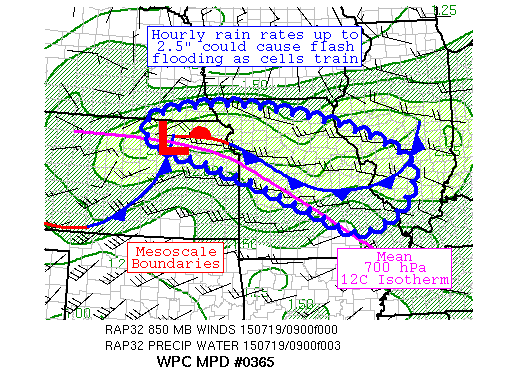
AREAS AFFECTED...NORTHEAST KS AND PORTIONS OF MO

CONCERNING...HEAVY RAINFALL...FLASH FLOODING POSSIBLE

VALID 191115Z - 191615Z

SUMMARY...A THUNDERSTORM BAND IS TRYING TO CONSOLIDATE ACROSS THE
AREA NEAR THE EDGE OF THE CAP.  FLASH FLOODING IS POSSIBLE AS
CELLS TRAIN.

DISCUSSION...TWO AREAS OF THUNDERSTORMS ARE BRIDGING TOGETHER
ACROSS NORTHEAST KS AND MO AS AN OUTFLOW BOUNDARY FROM THE MO/IL
CONVECTION MOVES SOUTHWARD AND BEGINS TO INTERCEPT THE 25-40 KT OF
850 HPA INFLOW SEEN ON REGIONAL VAD WIND PROFILES.  A SUBTLE
SHORTWAVE APPEARS TO SHOW UP AS AN AREA OF DARKENING ON WATER
VAPOR IMAGERY NORTHWEST OF THE KS STORM CLUSTER.  A PRECIPITABLE
WATER VALUE OF 2.13" WAS DERIVED BY GPS AT TOPEKA KS WHICH IS
1.5-2 SIGMAS ABOVE THE MEAN FOR MID-JULY.  FLOW ACROSS THE REGION
IS FAIRLY UNIDIRECTIONAL OVER THE TOP OF A SOUTHERN STREAM RIDGE,
WHICH IS ALSO ACTING TO CAP THE ATMOSPHERE NOT TOO FAR SOUTH OF
THE ONGOING THUNDERSTORM ACTIVITY.  THIS PATTERN IMPLIES CELL
TRAINING IS THE MAIN FLASH FLOOD THREAT.

THE EXPECTATION IS FOR THE CONVECTION TO FULLY BRIDGE ACROSS
NORTHWEST MO OVER THE NEXT HOUR OR TWO AND MIGRATE CLOSER TO THE
CAP EDGE AS THE MO PORTION OF THE OUTFLOW BOUNDARY DROPS SLOWLY
SOUTHWARD.  ORGANIZED CONVECTION IS EXPECTED TO MOVE
EAST-SOUTHEAST AT 20-25 KTS PER THE FORWARD PROPAGATING CONVECTIVE
VECTORS AND THE 1000-500 HPA THICKNESS PATTERN IN WHICH THE
CONVECTIVE SYSTEM IS EMBEDDED.  RAP MASS FIELDS ALONG WITH THE
AVAILABLE MLCAPE IN THE REGION SUGGEST THAT THIS COMPLEX COULD
PERSIST FOR ANOTHER 4-5 HOURS UNTIL INSTABILITY IN THE REGION IS
EXHAUSTED AND 850 HPA INFLOW FALLS TO BELOW 25 KTS.  HOURLY RAIN
RATES HAVE OCCASIONALLY REACHED 2.5" PER RADAR IMAGERY, WHICH IS
ENOUGH TO EXCEED THE THREE HOUR FLASH FLOOD GUIDANCE IN THE
REGION.   THE MESOSCALE GUIDANCE ADVERTISES LOCAL AMOUNTS OF 2-4"
IN THIS AREA, WITH THE 00Z NMMB/ITS PARALLEL RUN ALONG WITH THE
00Z WRF4NSSL HAVING THE BEST IDEA OF THE SHAPE/SIZE OF THE
PRECIPITATION PATTERN, THOUGH THEY MIGHT BE A HAIR TOO FAR TO THE
NORTH.  FLASH FLOODING IS CONSIDERED POSSIBLE IN THIS REGION DUE
TO CELL TRAINING.